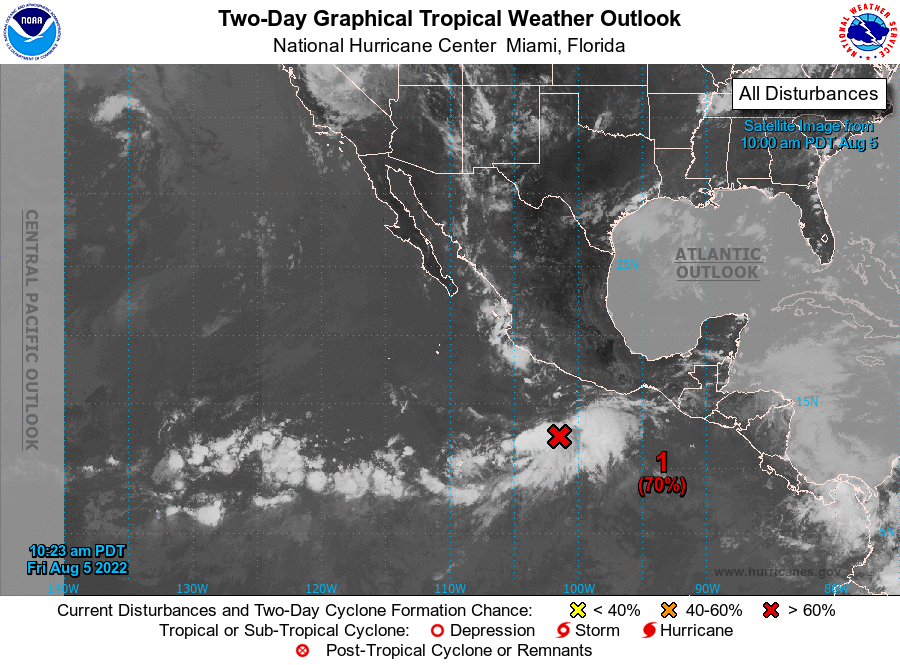
For the eastern North Pacific...east of 140 degrees west longitude:

1. Offshore of Southwestern Mexico: Satellite imagery indicates a broad area of low pressure located offshore of the coasts of southern and southwestern Mexico continues to produce an elongated area of showers and a few thunderstorms. Environmental conditions appear conducive for development of this system, and a tropical depression is likely to form this weekend. The system is forecast to move generally west-northwestward at about 15 mph through early next week, remaining well offshore of the coast of southwestern Mexico.
* Formation chance through 48 hours...high...70 percent.
* Formation chance through 5 days...high...90 percent.

2. Well Southeast of the Main Hawaiian Islands: An area of low pressure could form over the far western portion of the eastern Pacific basin this weekend. Environmental conditions should allow for some gradual development of this system, and a tropical depression could form during the early or middle part of next week while it moves quickly westward over the central Pacific basin.
* Formation chance through 48 hours...low...near 0 percent.
* Formation chance through 5 days...medium...50 percent.

Forecaster Reinhart